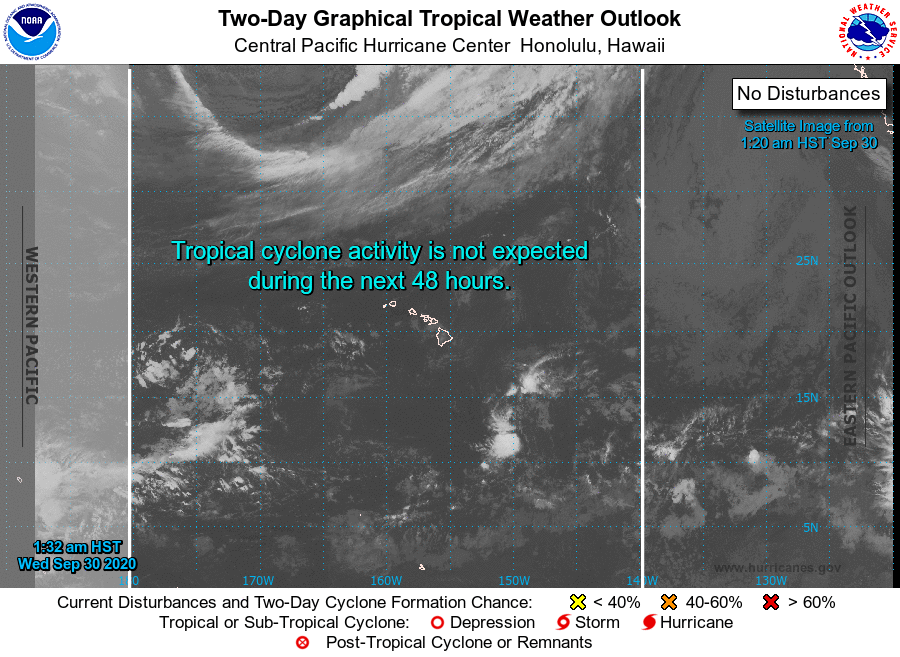
For the central North Pacific...between 140W and 180W:

No tropical cyclones are expected during the next 5 days.

Forecaster Jelsema